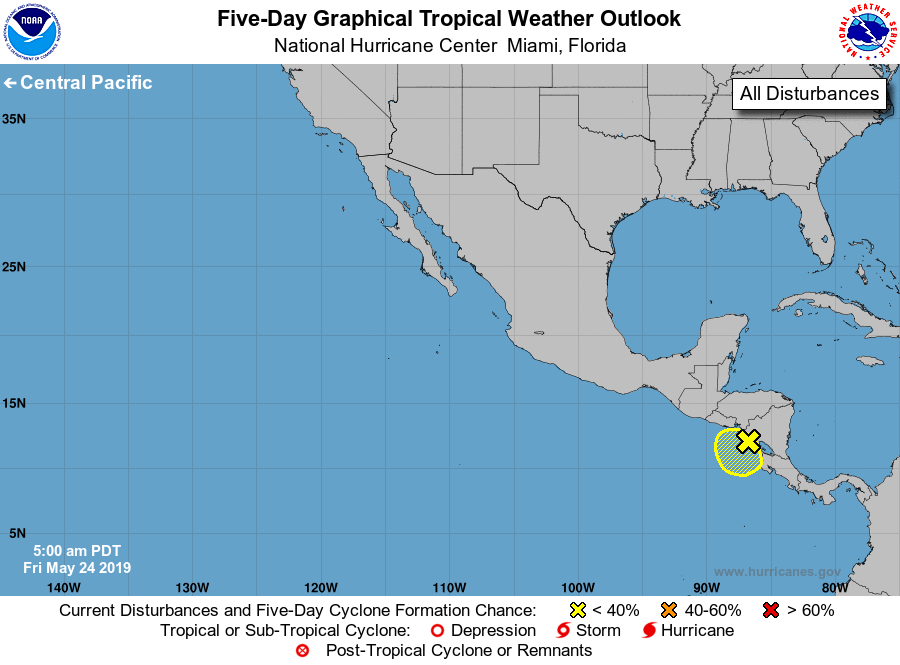
For the eastern North Pacific...east of 140 degrees west longitude:

1. A large area of disturbed weather is located over Central America and the adjacent Pacific waters. Some gradual development of this system is possible over the next few days while it meanders over the far eastern Pacific. Regardless of development, locally heavy rains are likely to continue over portions of Central America through the weekend. These rains could cause flash flooding and mudslides in areas of mountainous terrain.
* Formation chance through 48 hours...low...20 percent.
* Formation chance through 5 days...low...30 percent.

Forecaster Latto/Brown